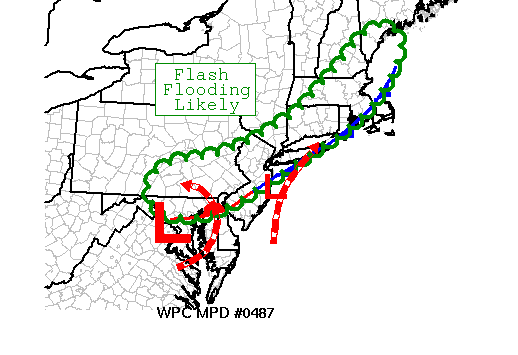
AREAS AFFECTED...URBAN COORIDOR FROM DC TOWARD BOSTON

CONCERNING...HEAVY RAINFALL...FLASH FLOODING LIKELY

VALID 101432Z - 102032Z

SUMMARY...FLASH FLOODING IS LIKELY IN THE URBAN CORRIDOR FROM
WASHINGTON DC TOWARD PHILADELPHIA...NEW YORK...AND POSSIBLY BOSTON
THROUGH MID AFTERNOON.

DISCUSSION...RADAR AND SATELLITE TRENDS SHOW A STEADY INCREASE IN
THE COVERAGE AND STRENGTH OF CONVECTION ALONG BUT MOSTLY NORTH OF
THE FRONTAL BOUNDARY DRAPED ACROSS SOUTHERN NEW ENGLAND.  THE
RECENT DEVELOPMENT APPEARS TO BE IN RESPONSE TO THE APPROACH OF
TWO SHORTWAVE TROUGHS...ONE ON EACH SIDE OF THE APPALACHIANS.
INFLUENCE FROM THESE TROUGHS IN CONJUNCTION WITH DIFFERENTIAL
HEATING IS ACCELERATING THE MOISTURE FLUX AND DESTABILIZATION IN
THE EXTREMELY MOIST AND WEAKLY CAPPED ENVIRONMENT.

BASED ON THESE TRENDS ALONG WITH 12Z ANALYSES AND THE SIGNIFICANT
INCREASE IN THE 12Z NAM AND NAM CONUS NEST QPF...THE RECENT
INCREASE IN CONVECTIVE DEVELOPMENT SHOULD ONLY CONTINUE FROM JUST
NORTH OF THE SYNOPTIC LOW NEAR WASHINGTON DC EXTENDING NORTH AND
RUNNING PARALLEL THE FRONT TOWARD PHILADELPHIA...NEW YORK...AND
POSSIBLY BOSTON.  ANOTHER POSSIBLE LOCAL INCREASE IN FLASH
FLOODING POTENTIAL WILL BE ASSOCIATED WITH A MESOLOW EAST OF THE
NEW JERSEY SHORE...THAT SHOULD RIDE ALONG THE FRONTAL BOUNDARY
DRAPED ACROSS LONG ISLAND.  GIVEN PW VALUES IN EXCESS OF 2 INCHES
ALONG WITH AVERAGE CELL MOTIONS OF 8 TO 13 KNOTS...RAIN RATES MAY
EASILY EXCEED 2 INCHES PER HOUR...ESPECIALLY AS THE CONVECTIVE
INSTABILITY INCREASES.